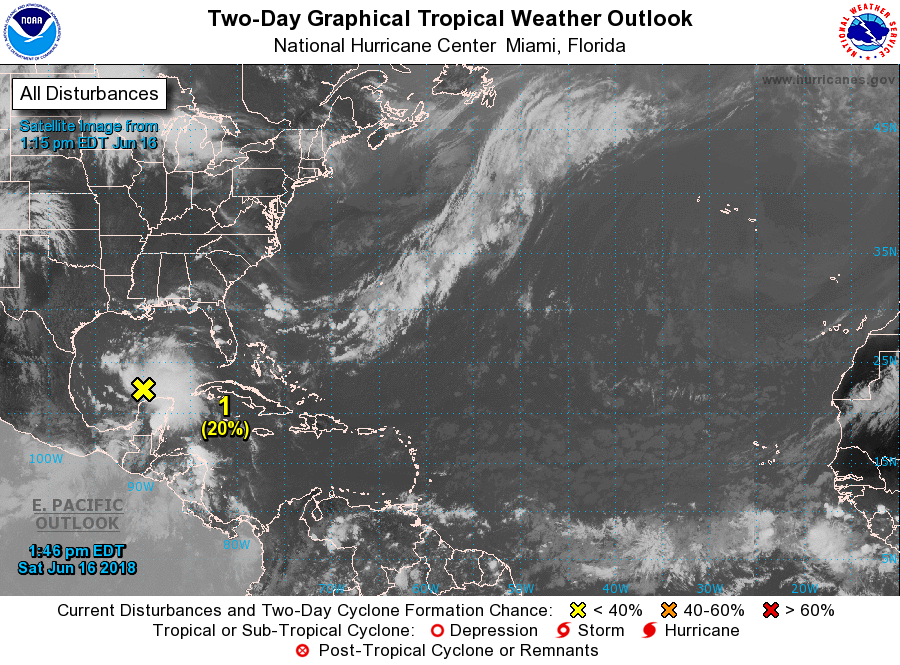
For the North Atlantic...Caribbean Sea and the Gulf of Mexico:

1. Shower and thunderstorm activity associated with a surface trough near the Yucatan Peninsula and an upper-level low over the western Gulf of Mexico has increased in coverage since this morning. Recent satellite-derived surface wind data indicate that a surface circulation does not exist, but strong winds are occuring to the north of the trough. Environmental conditions are not expected to support significant development, however, heavy rains and gusty winds are likely to spread across the central Gulf of Mexico today and will reach portions of the Texas and southwestern Louisiana coasts on Sunday. For more details on this system please see products issued by your local weather office and High Seas Forecasts issued by the National Weather Service.
* Formation chance through 48 hours...low...20 percent.
* Formation chance through 5 days...low...20 percent.

High Seas Forecasts issued by the National Weather Service can be found under AWIPS header NFDHSFAT1, WMO header FZNT01 KWBC, and on the Web at https://ocean.weather.gov/shtml/NFDHSFAT1.shtml.

Forecaster Zelinsky